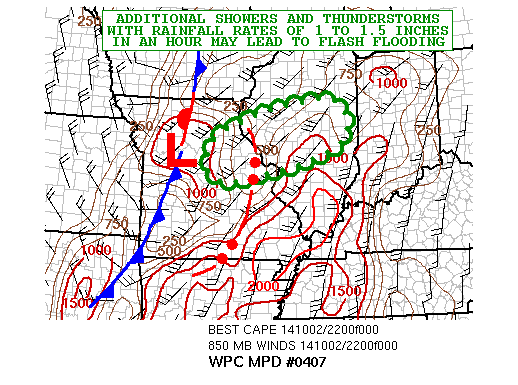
AREAS AFFECTED......NORTHEAST MISSOURI...WESTERN AND CENTRAL
ILLINOIS...

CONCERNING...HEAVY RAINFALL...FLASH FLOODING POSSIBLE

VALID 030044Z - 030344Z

SUMMARY...ADDITIONAL LINES OF CONVECTION WILL AFFECT THE OUTLOOK
AREA THROUGH THIS EVENING. RAINFALL RATS OF 1 TO 1.5 INCHES AN
UNDERNEATH THE STRONGER CELLS MAY LEAD TO FLASH FLOODING GIVEN THE
ANTECEDENT WET SOILS AND LOW FLASH FLOOD GUIDANCE.

DISCUSSION...THE HIGHLY AMPLIFIED UPPER LEVEL TROUGH WITH
ASSOCIATED HEIGHT FALLS ACROSS THE  THE CENTRAL AND SOUTHERN
PLAINS IS PUSHING MORE STEADILY EASTWARD THIS EVENING IN RESPONSE
TO THE ELONGATED UPSTREAM JET STREAK AND ASSOCIATED SHORTWAVE
ENERGY ACROSS THE NORTHERN ROCKIES. AS A RESULT...THE MULTIPLE
PRE-FRONTAL LINES OF CONVECTION ARE ALSO SHOWING MORE DOWNWIND
PROPAGATION EARLY THIS EVENING PER THE COMPOSITE RADAR LOOPS. THE
STRENGTHENING WEST-EAST GRADIENT OF DEEP-LAYER
MOISTURE/PRECIPITABLE WATER VALUES NOTED ON RECENT SATELLITE WATER
VAPOR AND BLENDED TPW LOOPS SUPPORT A CONTINUED TREND OF ENHANCED
FORWARD PROPAGATION.

AT THE SAME TIME...THROUGH 04Z EXPECT ADDITIONAL HEAVIER RAIN
CORES TO BE CAPABLE OF ADDITIONAL RAINFALL AMOUNTS OF 1 TO 1.5
INCHES WITHIN AN HOUR...WHICH IS SUPPORTED BY THE LATEST WSR-88D
RAINFALL ESTIMATES AND SOME OF THE HIGHER RESOLUTION GUIDANCE
(INCLUDING THE HRRR). THIS MAY RESULT IN ADDITIONAL AREAS OF FLASH
FLOODING...ESPECIALLY ALONG AN AXIS FROM COLUMBIA EAST-NORTHEAST
TO JUST NORTH OF ST LOUIS INTO PORTIONS OF WESTERN AND CENTRAL
ILLINOIS... WHERE THE LATEST HOURLY RAINFALL RATES IN SOME AREAS
ARE LESS THAN 1 INCH PER HOUR.